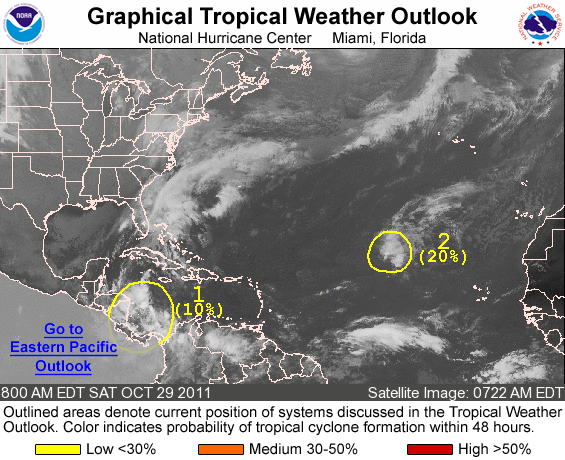
FOR THE NORTH ATLANTIC...CARIBBEAN SEA AND THE GULF OF MEXICO...

1. SHOWERS AND THUNDERSTORMS OVER THE SOUTHWESTERN CARIBBEAN SEA ARE ASSOCIATED WITH A BROAD AREA OF LOW PRESSURE. THERE ARE NO SIGNS OF ORGANIZATION AT THIS TIME...AND DEVELOPMENT...IF ANY...SHOULD BE SLOW TO OCCUR. THIS SYSTEM HAS A LOW CHANCE...10 PERCENT...OF BECOMING A TROPICAL CYCLONE DURING THE NEXT 48 HOURS.

2. SHOWERS AND THUNDERSTORMS OVER THE EASTERN ATLANTIC ABOUT 1050 MILES WEST-NORTHWEST OF THE CAPE VERDE ISLANDS ARE ASSOCIATED WITH A SURFACE TROUGH OF LOW PRESSURE INTERACTING WITH A MID-LEVEL LOW. THIS SYSTEM HAS BECOME A LITTLE BETTER ORGANIZED THIS MORNING...AND ADDITIONAL SLOW DEVELOPMENT IS POSSIBLE DURING THE NEXT COUPLE OF DAYS. THIS SYSTEM HAS A LOW CHANCE...20 PERCENT...OF BECOMING A TROPICAL CYCLONE DURING THE NEXT 48 HOURS AS IT MOVES WESTWARD AT 10 TO 15 MPH.

ELSEWHERE...TROPICAL CYCLONE FORMATION IS NOT EXPECTED DURING THE NEXT 48 HOURS.

FORECASTER BEVEN